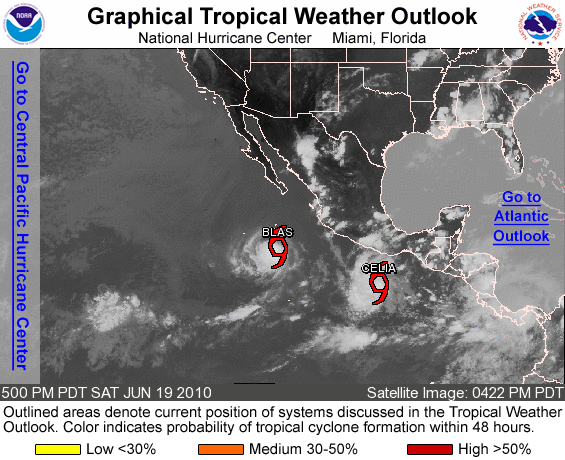
FOR THE EASTERN NORTH PACIFIC...EAST OF 140 DEGREES WEST LONGITUDE..

THE NATIONAL HURRICANE CENTER IS ISSUING ADVISORIES ON TROPICAL STORM CELIA LOCATED ABOUT 335 MILES SOUTH-SOUTHEAST OF ACAPULCO MEXICO...AND ON TROPICAL STORM BLAS LOCATED ABOUT 430 MILES SOUTH OF THE SOUTHERN TIP OF BAJA CALIFORNIA.

ELSEWHERE...TROPICAL CYCLONE FORMATION IS NOT EXPECTED DURING THE NEXT 48 HOURS.

PUBLIC ADVISORIES ON CELIA ARE ISSUED UNDER WMO HEADER WTPZ34 KNHC AND UNDER AWIPS HEADER MIATCPEP4. FORECAST/ADVISORIES ON CELIA ARE ISSUED UNDER WMO HEADER WTPZ24 KNHC AND UNDER AWIPS HEADER MIATCMEP4.

FORECASTER CANGIALOSI/BEVEN